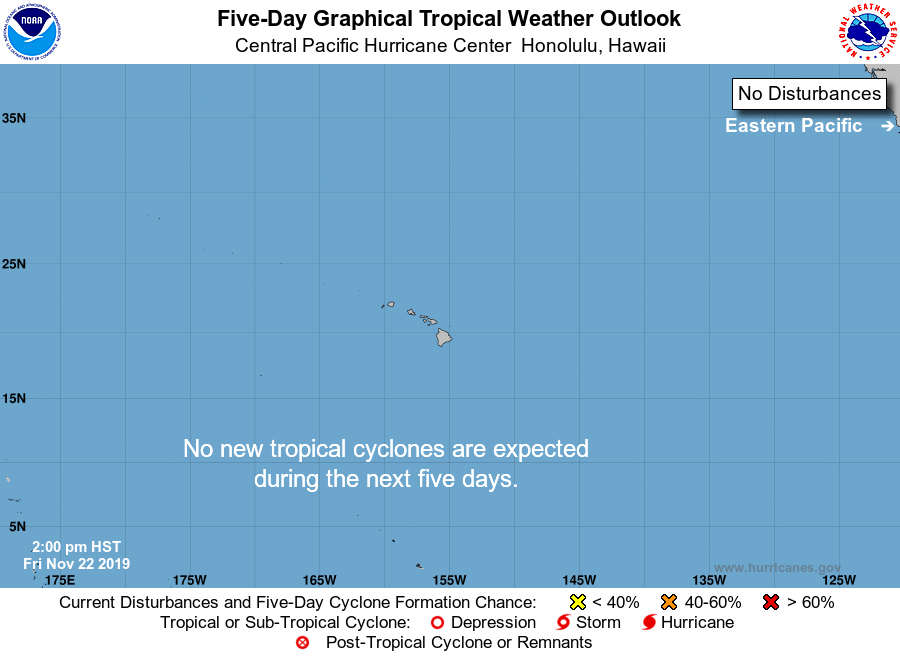
For the central North Pacific...between 140W and 180W:

No tropical cyclones are expected during the next 5 days.

Forecaster Kino